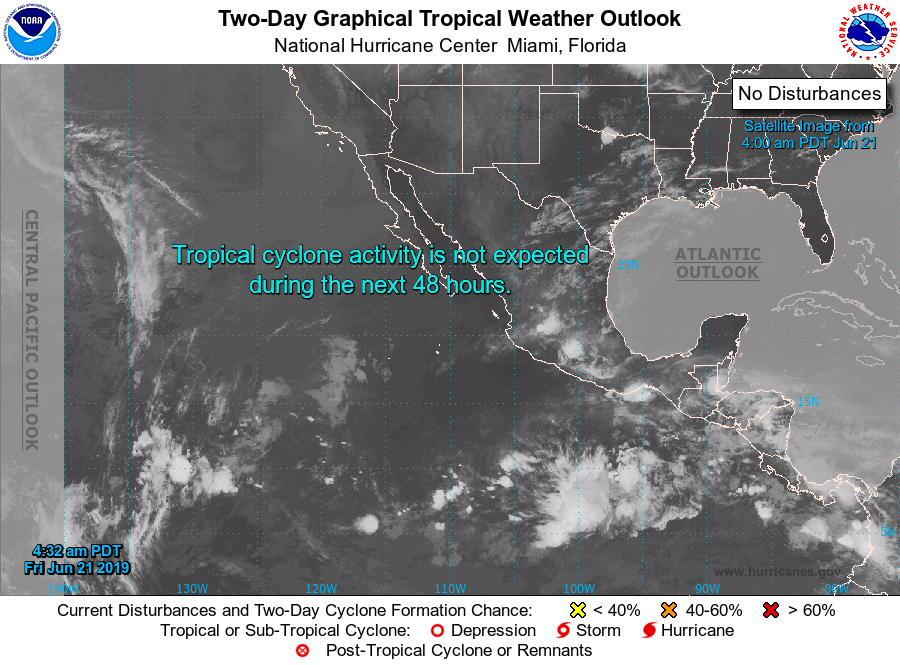
For the eastern North Pacific...east of 140 degrees west longitude:

1. A low pressure system is expected to form within the next few days several hundred miles south of the southwestern coast of Mexico. Environmental conditions could support gradual development of this system while it moves west-northwestward through the middle of next week.
* Formation chance through 48 hours...low...near 0 percent.
* Formation chance through 5 days...low...30 percent.

Forecaster Cangialosi